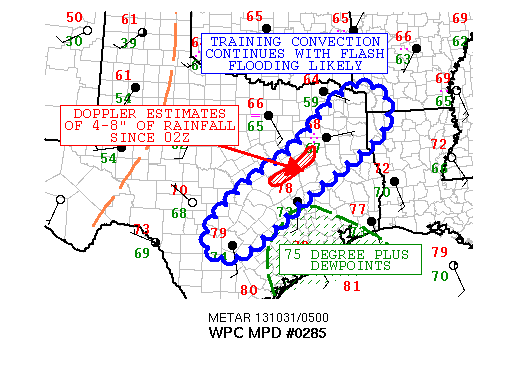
AREAS AFFECTED...EASTERN TX/SOUTHWESTERN AR/NORTHWESTERN LA...

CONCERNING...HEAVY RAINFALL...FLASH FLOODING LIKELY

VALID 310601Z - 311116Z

SUMMARY...FLASH FLOODING IS CURRENTLY ONGOING ALONG A LINE OF
TRAINING CONVECTION EXTENDING FROM SOUTH OF SAN ANTONIO TX
NORTHEASTWARD TO JUST OUTSIDE TYLER TX. NUMEROUS WATER RESCUES
HAVE ALREADY BEEN REPORTED WITH HEAVY RAINFALL CONTINUING TO
ENHANCE THE RISK FOR ADDITIONAL FLASH FLOODING.

DISCUSSION...A SOUTHWEST TO NORTHEAST LINE OF CONVECTION HAS
PERSISTED IN A QUASI-STATIONARY STATE SINCE APPROXIMATELY 02Z.
THERE HAS ALREADY BEEN A CONFIRMED REPORT OF 4.85 INCHES OF
RAINFALL IN ONLY A 75 MINUTE PERIOD WHICH WOULD SUGGEST NEAR 4
INCH RAIN RATES PER HOUR. ADDITIONAL SUPPORT FROM THE MESONET
OBSERVATIONS INDICATED 2 TO 3 INCH RAINFALL AMOUNTS IN AN HOUR
WITHIN THE AFFECTED REGION. AS EXPECTED...THE FFG VALUES HAVE COME
CRASHING DOWN WHICH WILL ALLOW VERY LITTLE PRECIPITATION TO EXCEED
GUIDANCE.

THE PATTERN HAS NOT CHANGED A WHOLE LOT SINCE THE PREVIOUS
ISSUANCE. AHEAD OF A SHORTWAVE ADVANCING INTO NORTHEASTERN NEW
MEXICO...ANOMALOUS MOISTURE TRANSPORT IS BRINGING ABOVE 2 INCH
PWATS INTO SOUTH AND EAST TX. THE 05Z RAP FORECAST SOUNDINGS
DEPICT DEEP-LAYERED UNIDIRECTIONAL SOUTHWESTERLY FLOW WILL PERSIST
OVER THE REGION ALTHOUGH WINDS DO VEER OVER TO WESTERLY BY ABOUT
10Z. IN THE MEANTIME...THERE IS LITTLE REASON TO EXPECT THE
CHARACTER OF THE CONVECTION TO CHANGE DURING THE NEXT FEW HOURS.
SUFFICIENT INSTABILITY SOUTH OF THE PERSISTENT CONVECTION IS NOTED
AS THE 05Z RAP SHOWS 1000-1500 J/KG OF MLCAPE IS PRESENT. THIS IS
FURTHER SUPPORTED BY THE INFRARED SATELLITE SHOWING RENEWED
CONVECTION ALONG THE SOUTHWESTERN FLANK WITH -80C TOPS ACCOMPANIED
BY A FEW OVERSHOOTING TOPS.

FLASH FLOODING WILL REMAIN LIKELY THE NEXT SEVERAL HOURS ALTHOUGH
THE SHIELD OF PRECIPITATION SHOULD EVENTUALLY BECOME MORE FORWARD
PROPAGATING AS THE UPSTREAM SHORTWAVE APPROACHES FROM THE WEST.